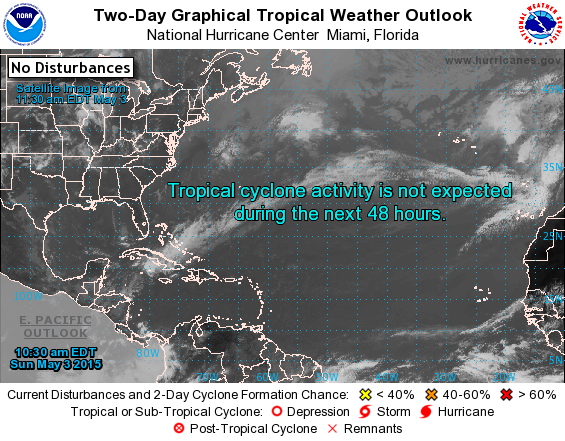
For the North Atlantic...Caribbean Sea and the Gulf of Mexico:

1. A non-tropical area of low pressure is expected to form north of the Bahamas later this week. This system could gradually acquire some subtropical characteristics by Thursday or Friday as it moves slowly northward. The next Special Tropical Weather Outlook will be issued on this system by 11 AM EDT Monday.
* Formation chance through 48 hours...low...near 0 percent
* Formation chance through 5 days...low...30 percent

Forecaster Brennan